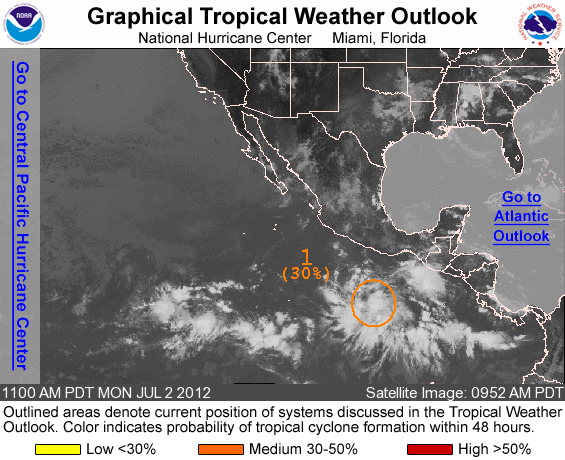
FOR THE EASTERN NORTH PACIFIC...EAST OF 140 DEGREES WEST LONGITUDE..

1. A BROAD LOW PRESSURE SYSTEM LOCATED ABOUT 475 MILES SOUTH OF ACAPULCO MEXICO IS SHOWING SIGNS OF ORGANIZATION. THUNDERSTORM ACTIVITY HAS CONTINUED TO INCREASE NEAR THE CENTER AND UPPER-LEVEL WINDS ARE MARGINALLY FAVORABLE FOR GRADUAL DEVELOPMENT OF THIS DISTURBANCE OVER THE NEXT COUPLE OF DAYS. THIS SYSTEM HAS A MEDIUM CHANCE...30 PERCENT...OF BECOMING A TROPICAL CYCLONE DURING THE NEXT 48 HOURS AS IT MOVES WEST-NORTHWESTWARD AT AROUND 10 MPH.

ELSEWHERE...TROPICAL CYCLONE FORMATION IS NOT EXPECTED DURING THE NEXT 48 HOURS.

FORECASTER STEWART